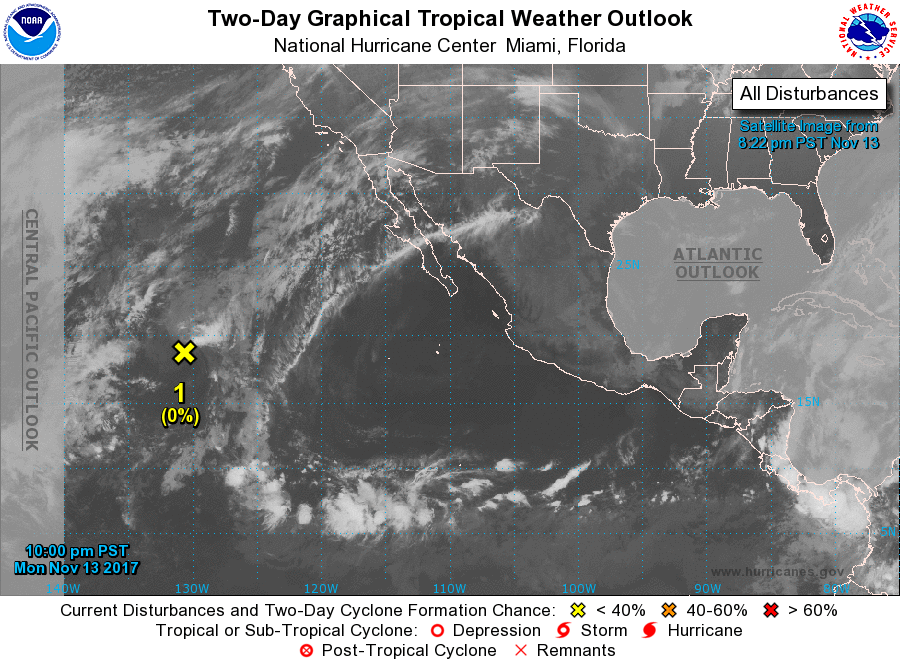
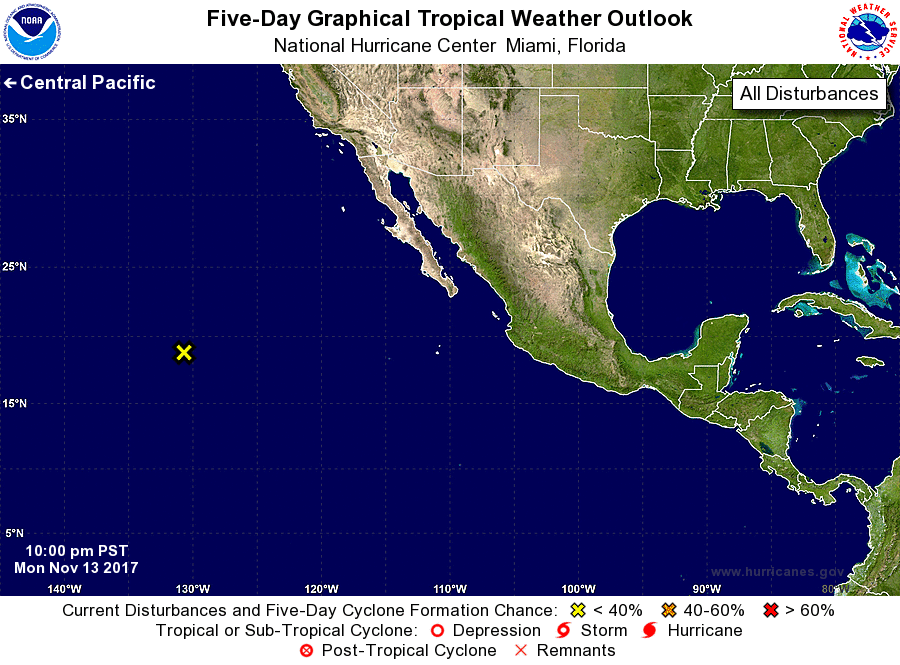
For the eastern North Pacific...east of 140 degrees west longitude:

1. An area of low pressure located about 1400 miles west-southwest of the southern tip of the Baja California peninsula is producing a limited amount of showers and thunderstorms. Development of this system is not expected due to very strong upper-level winds. This disturbance is expected to move west-northwestward at 10 to 15 mph during the next couple of days.
* Formation chance through 48 hours...low...near 0 percent.
* Formation chance through 5 days...low...near 0 percent.

Forecaster Cangialosi